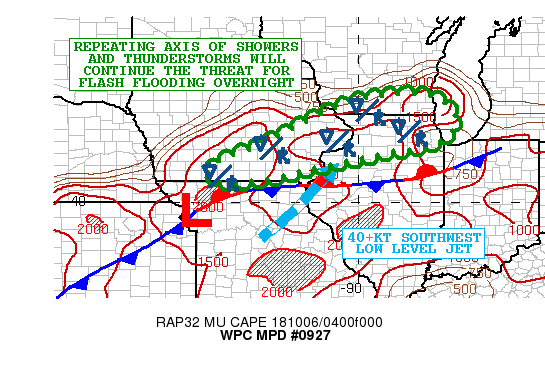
Areas affected...South-Central to Eastern IA...Northern
IL..Southern WI

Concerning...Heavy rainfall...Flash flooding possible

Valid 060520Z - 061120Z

Summary...Repeating showers and thunderstorms overnight will
maintain the threat for flash flooding.

Discussion...The latest radar imagery shows an expansive axis of
heavy showers and thunderstorms extending from northwest MO and
south-central IA northeastward across northern IL and into far
southern WI. The convection is focusing within a strong warm
advection pattern along and north of a well-defined frontal zone
as a wave of low pressure attempts to lift northeast along it.

The activity has been almost entirely elevated in nature and is
being aided by a robust 40 to 45 kt southwest low level jet which
is helping to transport anomalous moisture up along and over the
front in conjunction with moderate instability. In fact, much of
the convection is aligned within an axis of MUCAPE values ranging
from 1500 to 2000 j/kg. Additionally, the convection is being
aided by large scale ascent associated with right-entrance region
upper-level jet dynamics.

The latest hires model consensus, including recent runs of the
HRRR, suggests a continuation of an elongated and broken axis of
showers and thunderstorms focusing north of the front. The
convection has already been repeating over the same area across
portions of eastern IA and northern IL in particular, and this
concern will continue through the night. Additional rainfall
amounts of as much as 2 to 3 inches can be expected going through
dawn, and with wet antecedent conditions, the threat for some
flash flooding will continue overnight.